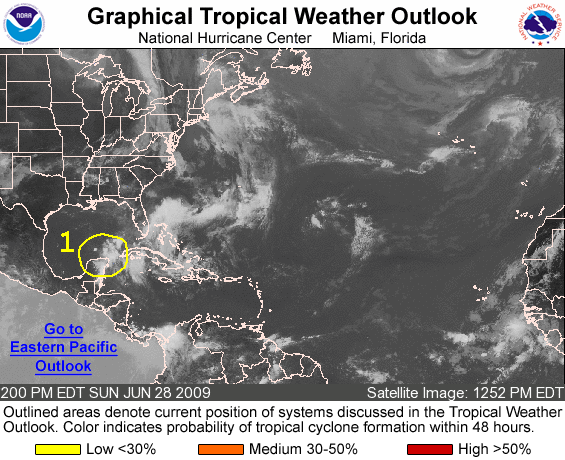
FOR THE NORTH ATLANTIC...CARIBBEAN SEA AND THE GULF OF MEXICO...

1. DISORGANIZED SHOWERS AND THUNDERSTORMS EXTEND FROM THE NORTHEASTERN YUCATAN PENINSULA INTO THE SOUTHERN GULF OF MEXICO. DEVELOPMENT... IF ANY...OF THIS SYSTEM IS EXPECTED TO BE SLOW TO OCCUR AS IT DRIFTS NORTHWESTWARD OVER THE NEXT DAY OR TWO. THERE IS A LOW CHANCE...LESS THAN 30 PERCENT...OF THIS SYSTEM BECOMING A TROPICAL CYCLONE DURING THE NEXT 48 HOURS.

ELSEWHERE...TROPICAL CYCLONE FORMATION IS NOT EXPECTED DURING THE NEXT 48 HOURS.

FORECASTER PASCH/LANDSEA